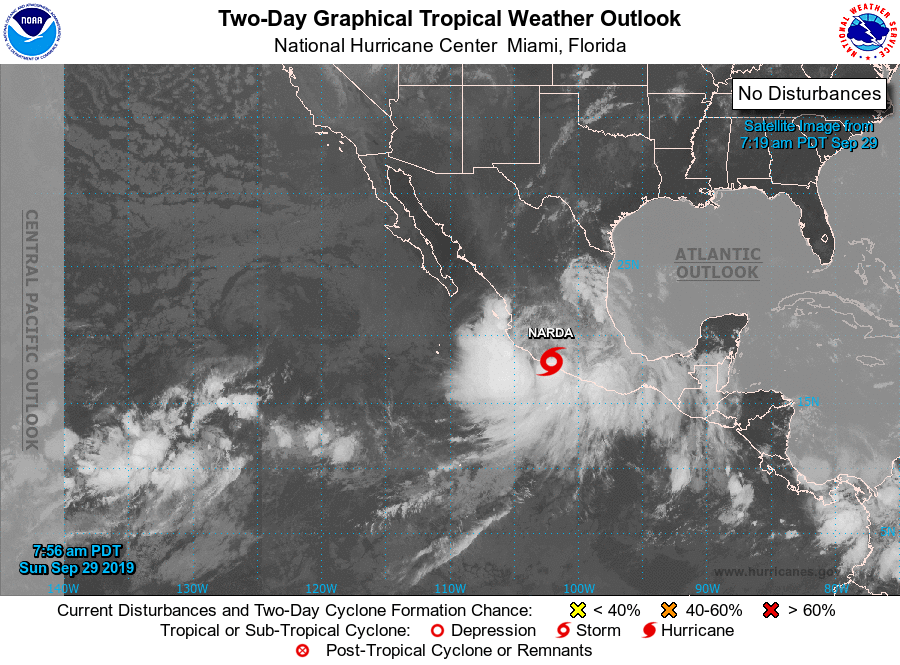
For the eastern North Pacific...east of 140 degrees west longitude:

The National Hurricane Center is issuing advisories on Tropical Storm Narda, located about 100 miles west-southwest of Acapulco, Mexico.

1. An area of low pressure is expected to form over the far southwestern portion of the eastern North Pacific early next week. Some gradual development is possible thereafter while the system drifts slowly eastward or northeastward.
* Formation chance through 48 hours...low...near 0 percent.
* Formation chance through 5 days...low...20 percent.

Public Advisories on Tropical Storm Narda are issued under WMO header WTPZ31 KNHC and under AWIPS header MIATCPEP1. Forecast/Advisories are issued under WMO header WTPZ21 KNHC and under AWIPS header MIATCMEP1.

Forecaster Latto